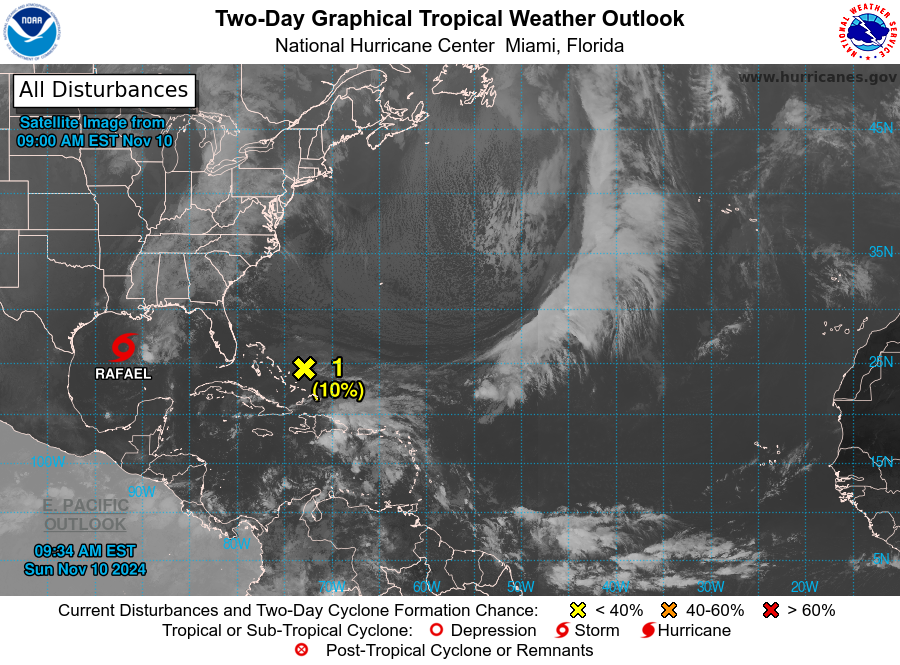
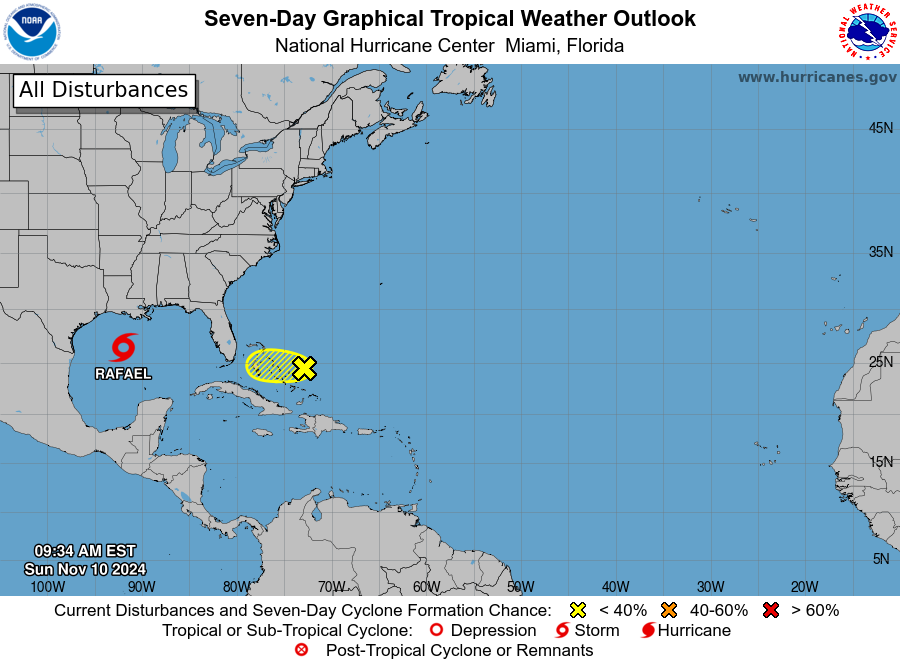
For the North Atlantic...Caribbean Sea and the Gulf of Mexico:

Active Systems: The National Hurricane Center is issuing advisories on Tropical Storm Rafael, located over the central Gulf of Mexico.

1. Near the Bahamas (AL98): Disorganized showers and thunderstorms have decreased in areal coverage since yesterday near a trough of low pressure located less than a couple of hundred miles east of the central Bahamas. Development is becoming less likely as the system is forecast to reach more unfavorable environmental conditions later today. Regardless of development, locally heavy rains and gusty winds are possible as the system moves generally westward across the Bahamas through tonight.
* Formation chance through 48 hours...low...10 percent.
* Formation chance through 7 days...low...10 percent.

Forecaster Hagen